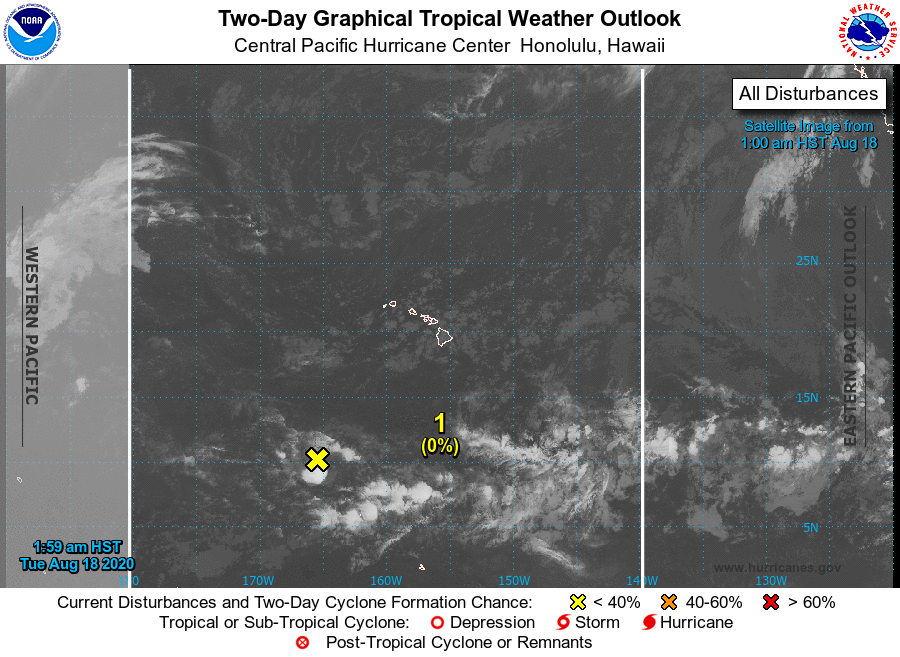
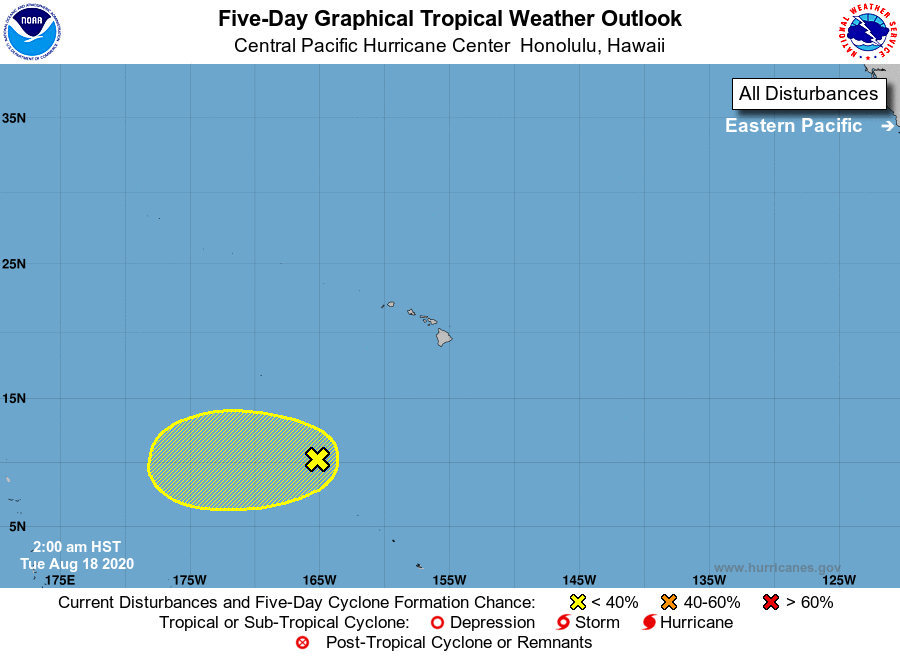
For the central North Pacific...between 140W and 180W:

1. An area of low pressure about 800 miles southwest of Honolulu, Hawaii is producing some showers and thunderstorms, but lacks significant organization. Environmental conditions are not expected to be conducive for development over the next few days, and only a small chance of development exists as the system continues westward and nears the Date Line later in the week.
* Formation chance through 48 hours...low...near 0 percent.
* Formation chance through 5 days...low...10 percent.

Elsewhere, no tropical cyclones are expected during the next 5 days.

Forecaster Powell